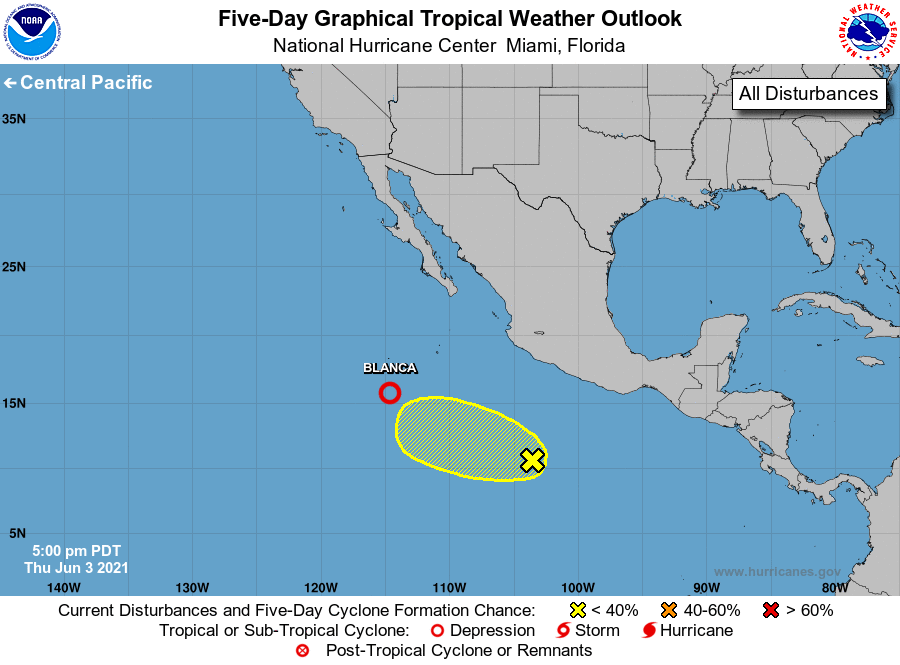
For the eastern North Pacific...east of 140 degrees west longitude:

The National Hurricane Center is issuing advisories on Tropical Depression Blanca, located several hundred miles south-southwest of the southern tip of the Baja California peninsula.

1. A trough of low pressure is producing disorganized showers and thunderstorms several hundred miles south of Manzanillo, Mexico. Gradual development of this system is possible during the next several days while it drifts west-northwestward well off the coast of Mexico.
* Formation chance through 48 hours...low...10 percent.
* Formation chance through 5 days...low...30 percent.

Forecaster Cangialosi